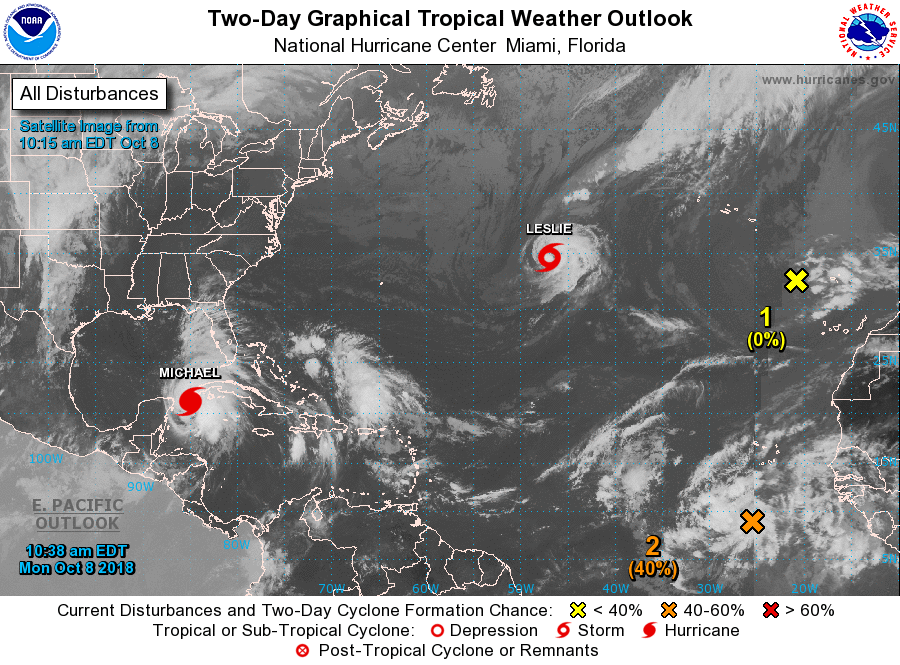
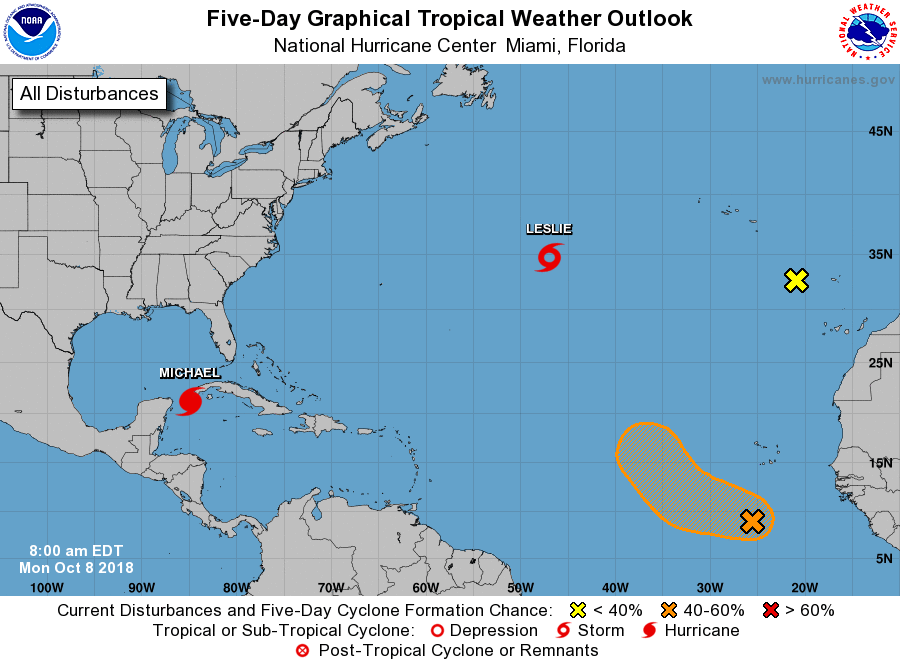
For the North Atlantic...Caribbean Sea and the Gulf of Mexico:

The National Hurricane Center is issuing advisories on Tropical Storm Michael, located over the northwestern Caribbean Sea, and on Tropical Storm Leslie, located over the central Atlantic Ocean.

1. A broad non-tropical low pressure system located southeast of the Azores has not become any better organized and tropical or subtropical development is not anticipated. This low is expected to move east-southeastward during the next couple of days.
* Formation chance through 48 hours...low...near 0 percent.
* Formation chance through 5 days...low...near 0 percent.

2. An area of low pressure, associated with a tropical wave, is located several hundred miles south of the Cabo Verde Islands. Shower and thunderstorm activity has become more concentrated since last night, and a tropical depression could form during next few days while it moves west-northwestward. By late this week, however, upper-level winds are expected to become unfavorable for development.
* Formation chance through 48 hours...medium...40 percent.
* Formation chance through 5 days...medium...50 percent.

Forecaster Zelinsky